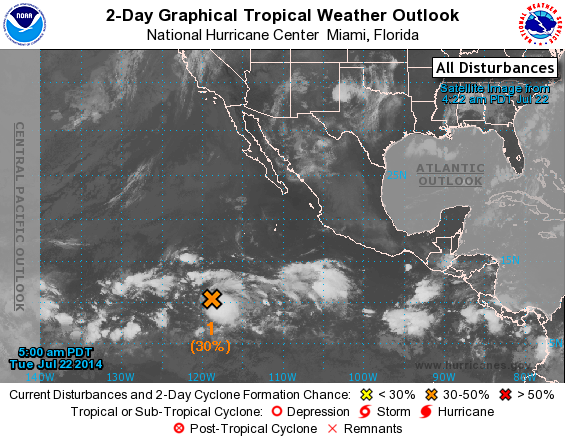
For the eastern North Pacific...east of 140 degrees west longitude:

1. Shower and thunderstorm activity continues in association with an area of low pressure located about 1050 miles southwest of the southern tip of the Baja California peninsula. Some gradual development of this system is possible during the next few days while it moves westward or west-northwestward at 10 to 15 mph.
* Formation chance through 48 hours...medium...30 percent.
* Formation chance through 5 days...medium...40 percent.

2. An area of low pressure is forecast to form several hundred miles south of the coast of Mexico in a few days. Some development of this system is possible by the weekend as it moves generally west-northwestward.
* Formation chance through 48 hours...low...near 0 percent.
* Formation chance through 5 days...medium...40 percent.

3. An area of low pressure could form in a few days about 1200 miles east-southeast of the Big Island of Hawaii. Some development of this system is possible by the weekend as it moves generally westward.
* Formation chance through 48 hours...low...near 0 percent.
* Formation chance through 5 days...low...20 percent.

Forecaster Brennan